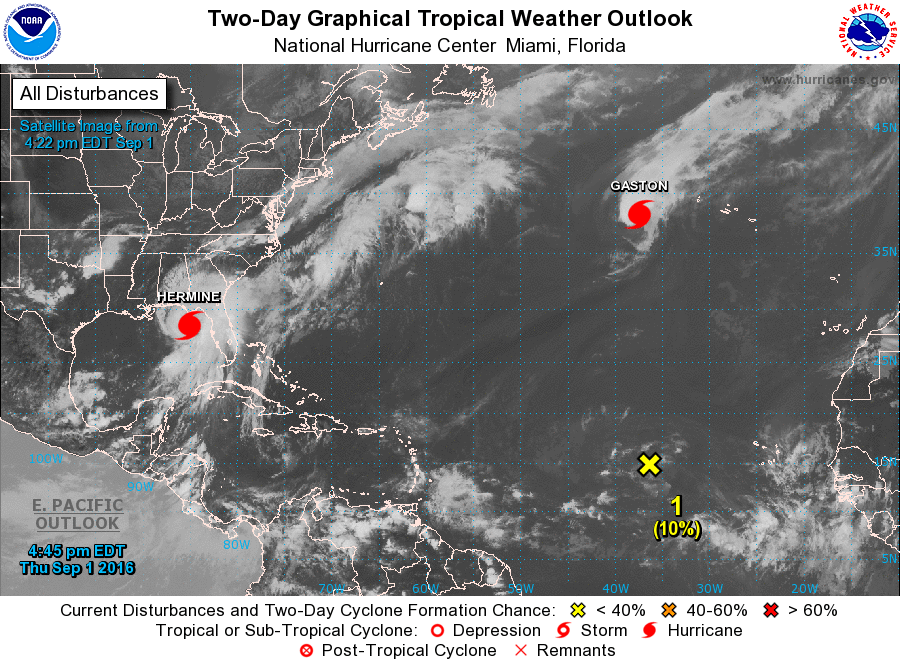
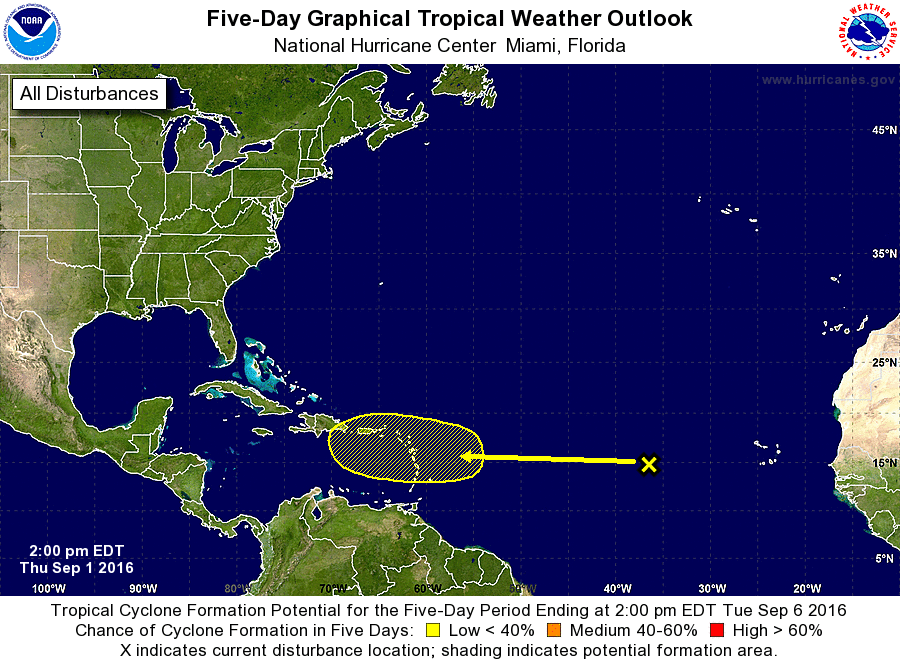
For the North Atlantic...Caribbean Sea and the Gulf of Mexico:

The National Hurricane Center is issuing advisories on Hurricane Gaston, located west of the Azores, and on Tropical Storm Hermine, located over the northeastern Gulf of Mexico.

1. A tropical wave over the central tropical Atlantic Ocean located about 800 miles west of the Cabo Verde Islands continues to produce only limited shower activity. Any development of this system is expected to be slow to occur for the next couple of days due to dry air. Environmental conditions could become a little more conducive for some development when the wave is near the Lesser Antilles early next week.
* Formation chance through 48 hours...low...10 percent
* Formation chance through 5 days...low...20 percent

Forecaster Blake